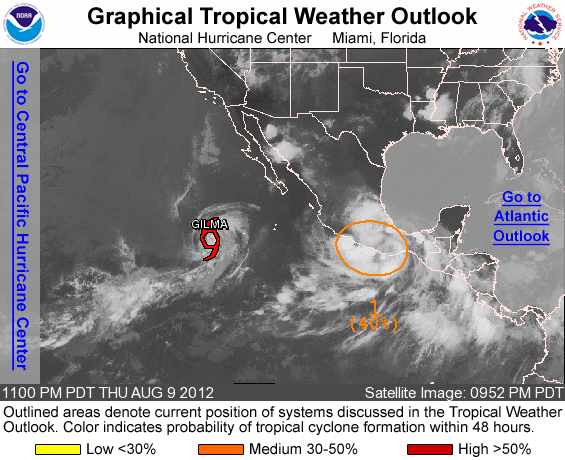
FOR THE EASTERN NORTH PACIFIC...EAST OF 140 DEGREES WEST LONGITUDE..

THE NATIONAL HURRICANE CENTER IS ISSUING ADVISORIES ON TROPICAL STORM GILMA...LOCATED ABOUT 695 MILES WEST-SOUTHWEST OF THE SOUTHERN TIP OF BAJA CALIFORNIA.

1. SHOWERS AND THUNDERSTORMS ALONG THE SOUTHERN COAST OF MEXICO ARE ASSOCIATED WITH THE LARGE CIRCULATION OF ATLANTIC TROPICAL STORM ERNESTO THAT HAS MOVED INLAND OVER MEXICO. THE MID-LEVEL REMNANT CIRCULATION IS EXPECTED TO MOVE INTO THE EASTERN PACIFIC OCEAN DURING THE NEXT DAY OR SO AND ENVIRONMENTAL CONDITIONS ARE FORECAST TO BECOME MORE CONDUCIVE FOR DEVELOPMENT. THERE IS A MEDIUM CHANCE...40 PERCENT...OF TROPICAL CYCLONE FORMATION OFF THE PACIFIC COAST OF MEXICO DURING THE NEXT 48 HOURS.

ELSEWHERE...TROPICAL CYCLONE FORMATION IS NOT EXPECTED DURING THE NEXT 48 HOURS.

FORECASTER BROWN